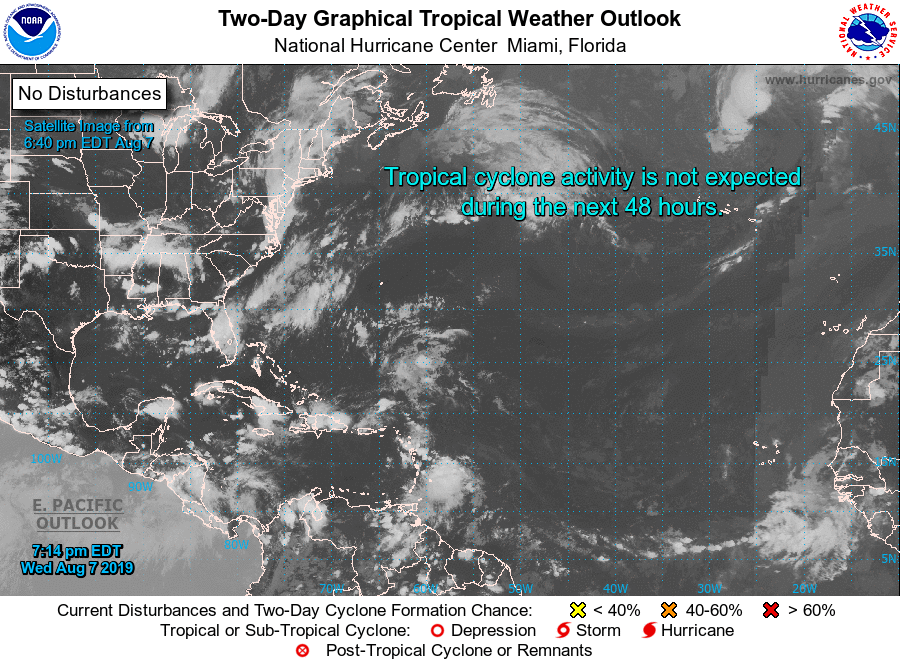
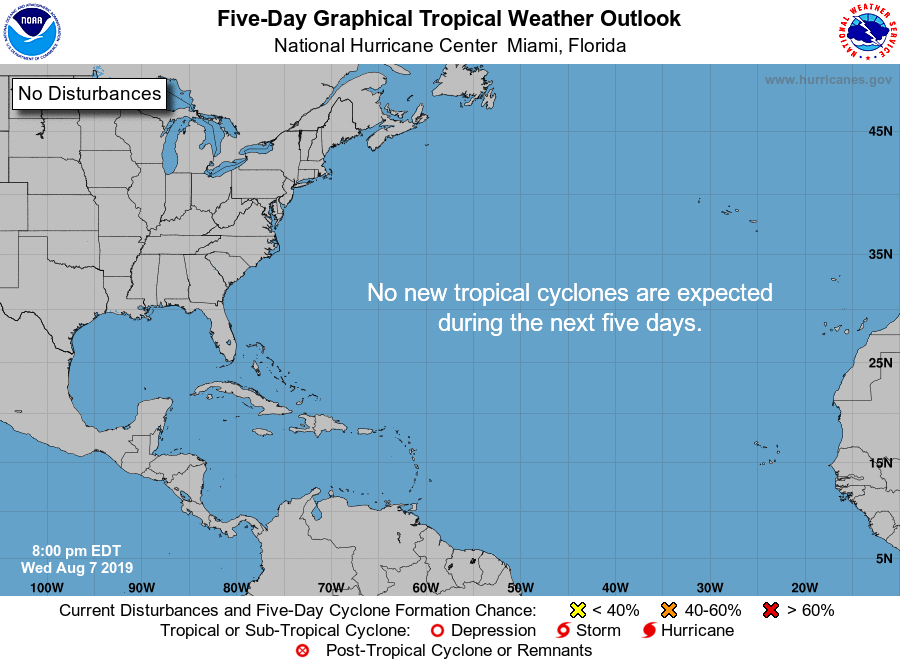
For the North Atlantic...Caribbean Sea and the Gulf of Mexico:

Tropical cyclone formation is not expected during the next 5 days.

Forecaster Avila